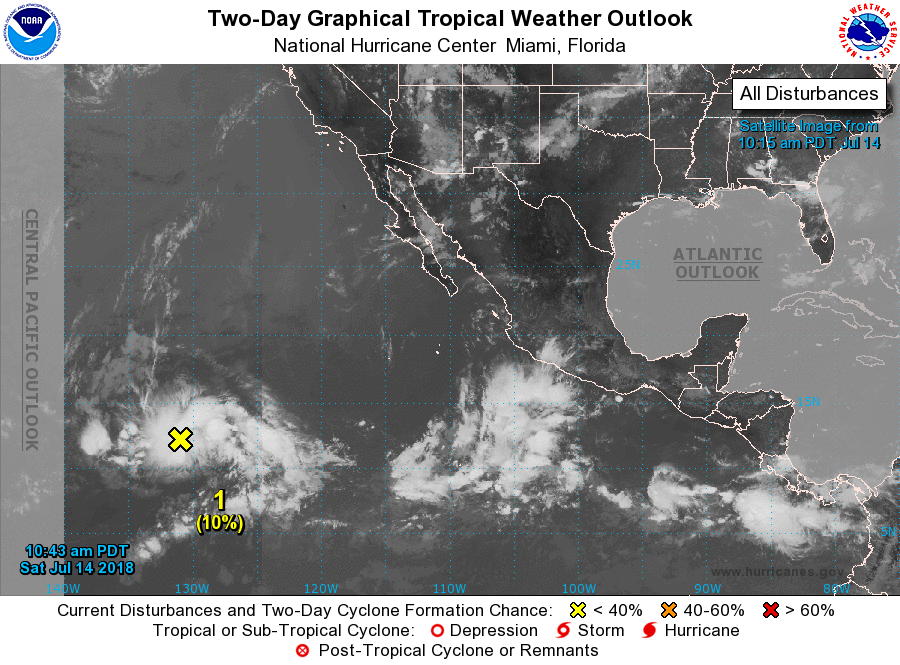
For the eastern North Pacific...east of 140 degrees west longitude:

1. Showers and thunderstorms are persisting in association with a trough of low pressure located a little over 1500 miles west-southwest of the Baja California Peninsula. Little development of this system is expected today or tonight, but environmental conditions could become more conducive for development in a day or two while the system continues moving westward at around 10 mph.
* Formation chance through 48 hours...low...10 percent.
* Formation chance through 5 days...low...30 percent.

Forecaster Zelinsky